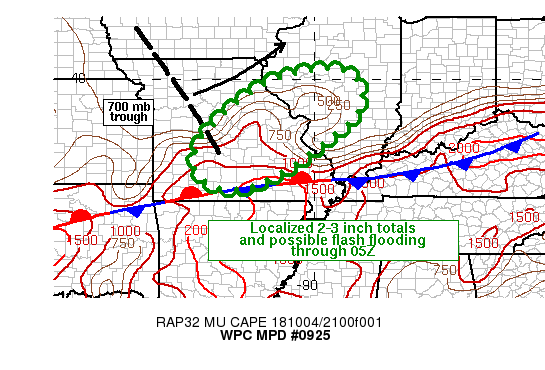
Areas affected...south-central MO into western IL

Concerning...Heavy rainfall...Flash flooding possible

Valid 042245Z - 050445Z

Summary...Repeating and training thunderstorms are expected to
produce localized rainfall totals of 2-3 inches through 05Z from
portions of MO into western IL, along with possible flash
flooding.

Discussion...KSGF reflectivity at 2230Z showed scattered
thunderstorms over south-central MO on either side of I-44. This
activity was elevated with mean movement off toward the northeast
at 15-20 kt, occurring north of a well defined quasi-stationary
surface boundary draped east to west across southern MO with low
level flow just above the surface of 20-25 kt intersecting the
front (via the KSGF VAD wind plot). The thunderstorms appeared to
be developing in part due to the brushing influence of the
southern edge of a 700 mb shortwave identified in area VAD wind
plots and RAP analyses moving northeastward across MO. MUCAPE to
the north of the quasi-stationary front was weak via the 21Z SPC
mesoanalysis (500-1000 J/kg) but trending upward in magnitude in
south-central MO as increased low level moisture advects into the
region.

Some further increase in MUCAPE is expected to occur in MO/IL as
the shortwave passes by to the north and flow around a large
subtropical ridge over the Southeast continues to funnel in low
level moisture through at least 06Z. As this occurs, thunderstorm
coverage is expected to increase with 850-700 mb flow of similar
direction but stronger magnitude compared to the 850-300 mb flow.
This should allow for training and repeating of cells from
south-central MO into western IL with an overall movement off
toward the northeast. These storms will be located within a ribbon
of narrow but higher total precipitable water values which could
support rain rates up to 1.5 in/hr. Given pockets of lower Flash
Flood Guidance across the region, localized flash flooding will be
possible given the coverage of 1+ in/hr rain rates should remain
minimal.